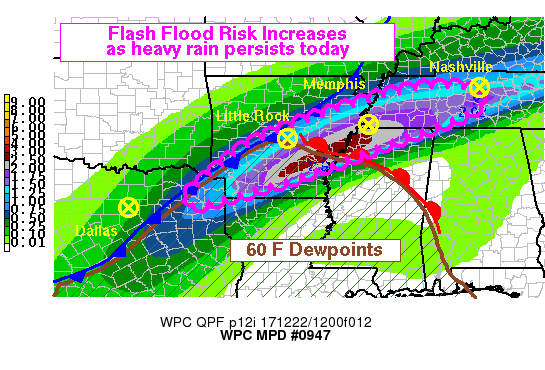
AREAS AFFECTED...NE TX...SRN AR...WRN TN...NRN MS

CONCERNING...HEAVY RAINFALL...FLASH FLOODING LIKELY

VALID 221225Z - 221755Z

SUMMARY...SWATH OF 1 TO 3 INCH RAINS THROUGH 18Z WITH FLASH FLOOD
RISK INCREASING BY LATE MORNING AND AFTERNOON.

DISCUSSION...THE MUCH ANTICIPATED EXCESSIVE RAINFALL EVENT WAS
INITIATING THIS MORNING AS OF 12Z...WITH LIGHTNING DETECTIONS FROM
TX TO TN... DUAL-POL HYDROCLASS TAGS OF HEAVY RAIN... AND INFRARED
CLOUD TOPS PUSHING -60 DEGREES C NEAR THE ARKLATEX.

SOME UPGLIDE WAS PRESENT...BUT FOR THE MOST PART A UNIFORM WARM
SECTOR HAD DEVELOPED SOUTH OF A WEAKLY DEFINED WARM FRONT WHICH
RAN FROM LITTLE ROCK TO NORTH OF JACKSON MS...AND WHERE SFC
DEWPOINTS WERE IN THE 60S. FORCING FOR THE EARLY MORNING DEEP
CONVECTION PRIMARILY OWED TO THE SYNOPTIC CIRCULATION IN A
STRENGTHENING 130-140 KNOT UPPER JET AND ASSOCIATED
FRONTOGENETICAL FORCING...WITH THE SFC COLD FRONT SETTLING TOWARD
THE OUTLINED DISCUSSION AREA.

THE EVENT WILL WAIT FOR AN UPSTREAM EJECTING SOUTHERN STREAM
SHORTWAVE BEFORE PROGRESSING...SUCH THAT A MULTI-HOUR PERIOD OF
WSW TO ENE TRAINING IS ANTICIPATED... LEADING TO A MODERATE RISK
OF RAINFALL EXCEEDING FLASH FLOOD GUIDANCE. STRONG FORCING COUPLED
WITH WEAK BUT SUFFICIENT CAPE OVER 500 J/KG MAY YIELD NARROW FOCUS
FOR AMOUNTS EXCEEDING 3 INCHES THROUGH 18Z...PARTICULARLY FROM FAR
NE TX THROUGH SOUTHERN ARKANSAS INTO ADJACENT MS/TN. THE
PERSISTENCE OF HEAVY RAIN FARTHER EAST TOWARD NASHVILLE MAY
INCREASE BY EARLY AFTERNOON.

MODEL AGREEMENT IS STRONG...THOUGH THE 06Z NAM CONUS NEST AND 00Z
WRF-ARW2 / PARALLEL ARW FROM NCEP / WERE PERHAPS HANDLING THINGS
BEST. DUAL POL ESTIMATES ALREADY INDICATED HOURLY RAIN RATES OVER
1.30 INCHES...AND FLASH FLOODING WILL BECOME INCREASINGLY LIKELY
THROUGH 18Z AS BROADER 1-3 INCH AMOUNTS SATURATE A LARGE AREA.
EXPECT MULTIPLE ROUNDS...WITH THE BACK EDGE NOT SWINGING THROUGH
UNTIL OVERNIGHT.